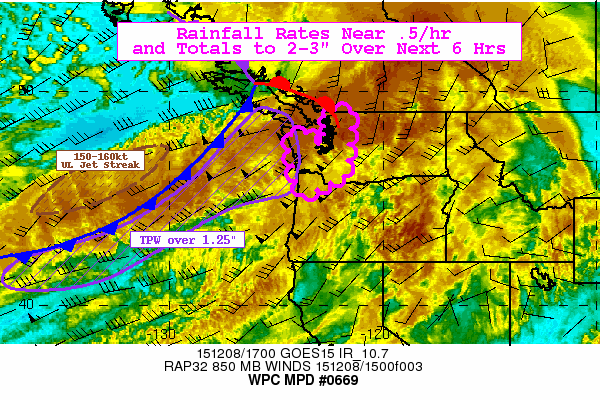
AREAS AFFECTED...W WASHINGTON...NW OREGON

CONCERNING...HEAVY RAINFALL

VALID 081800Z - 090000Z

SUMMARY...INCREASING FORCING AHEAD OF NEXT WAVE NEAR 140W WILL
FOCUS HIGH MST FLUX ASHORE CAPABLE OF UP TO 2-3" OVER THE NEXT
6HRS...WITH LOCALLY HIGHER AMOUNTS IN SW FAVORED TERRAIN OF W
WA/NW OR COASTAL RANGE AND WA CASCADE RANGE.

DISCUSSION...1241Z 89GHZ AMSU PASS INDICATES DEEP SURFACE LOW IN
VICINITY OF 53N148W WITH AN OCCLUDED FRONT ARCING FROM IT SE ALONG
THE BC COAST.  A WARM FRONT SEEN NEAR/HUGGING COAST AND IS CLEARLY
WELL ASHORE ATTM...THIS OPENS UP THE DEEPLY MOIST NEARLY
UNIDIRECTIONAL FLOW ALONG THE WARM CONVEYOR BELT AHEAD OF THE COLD
FRONT ORIENTED SW TO NE DIRECTLY AT W WA.  WITHIN THE PLUME HIGHLY
ANOMALOUS MOISTURE WITH TPWS OF 1.3-1.4" OBSERVED IN BLTPW PRODUCT
WHICH IS WELL OVER 200% OF NORMAL AND NEARING DECEMBER RECORD
VALUES. IR LOOP INDICATES LARGE SUBTROPICAL SHIELD CONTINUES TO
COOL UNDER INCREASED DIVERGENCE ALOFT AT THE APEX OF 150-160KT UL
JET WHICH WILL PERSIST THROUGH THE DISCUSSION AREA FOCUSING
THROUGH THE OLYMPICS AND WA CASCADES TO ABOUT 00-01Z WHEN WEAK
INFLECTION IN THE STREAM CURRENTLY SEEN ALONG 140W COMES ASHORE
PROVIDING STRONG ASCENT.

A WEAK 7H TROF HAS RECENTLY PRESSED WEST TO EAST THROUGH W WA
ABOUT 1 HR AGO LEADING TO A SHORT LULL.  THIS SHOULD ALSO ALLOW
THE FRONTAL ZONE TO SINK SOUTHWARD SLOWLY PRIOR TO THE NEXT
WAVE...LIKELY TO STALL NEAR THE MOUTH OF THE COLUMBIA RIVER BEFORE
PROGRESSING SOUTHWARD AGAIN AFTER 00Z. 7H WINDS SHOULD BEGIN TO
BACK A BIT SHORTLY AND INCREASE WITH 60KT-70KT WSWLY FLOW (50-60KT
AT 85H) WITHIN THIS DEEP MOISTURE PLUME TO PRODUCE .1-.3"/HR RATES
ALONG THE COAST AS SEEN IN RECENT AMSU PASS UPSTREAM...BUT
INCREASING TO .5-.6"/HR IN OROGRAPHY AND AT TIMES POTENTIALLY
HIGHER LOCALLY. ORIENTATION OF THE BEST ASCENT/MOISTURE FLUX PER
SATELLITE TRENDS POINTS TO FOCUS THE MOUTH OF THE COLUMBIA RIVER
THROUGH TO MOUNT ST. HELENS/MT. ADAMS VICINITY OF THE CASCADES
WITH 6HR TOTALS OF 1-1.5" IN LOW COUNTRY AND 2-3" IN HIGHER SW
ORIENTED TERRAIN IN LINE WITH RECENT HRRR RUNS/12Z ARW/NMMB AND
00Z NSSL-WRF